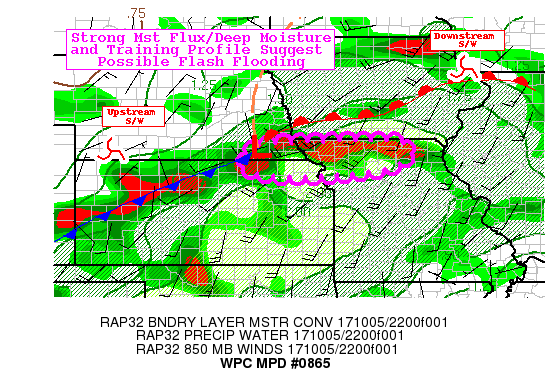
AREAS AFFECTED...SOUTHEAST NEB...NORTHEAST KS...NORTHERN MO

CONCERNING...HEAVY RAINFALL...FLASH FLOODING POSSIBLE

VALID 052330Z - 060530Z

SUMMARY...STRENGTHENING DEEP MOISTURE CONVERGENCE WITHIN FAVORABLE
TRAINING PROFILE SUPPORTS THREAT FOR FLASH FLOODING INTO THE EARLY
OVERNIGHT.

DISCUSSION...23Z SURFACE ANALYSIS SHOWS A WEAK INFLECTION ACROSS
SOUTHEAST NEB ALLOWING FOR SOME SELY BACKED FLOW ALONG WITH
STRENGTHENING SOUTHERLY FLOW WEST OF THE INFECTION CONVERGING
NEARLY 180 DEGREES WITH WEAK NORTHERLY FLOW.  WARM SECTOR IS
REPRESENTED BY LOW 70S TDS (THAT IS GENERALLY SATURATED THROUGH
7H)  WITH SOME SURFACE HEATING ALLOWING FOR MODEST INSTABILITY OF
1000+ J/KG MLCAPES.  ABOVE THE BOUNDARY LAYER...850-7H FLOW VEERS
NICELY FROM THE SURFACE SUPPORTING GENERAL CONFLUENCE ALONG/EAST
OF THE INFLECTION PROVIDING STRONGER MST FLUX DOWNSTREAM WHILE
ALSO SUPPORTING A WEST TO EAST MEAN CELL MOTION ALLOWING FOR THE
POTENTIAL FOR TRAINING.  CURRENT REGIONAL RADAR REFLECTIVITY
MOSAIC AS WELL AS 10.3UM GOES-16 CONUS LOOP SHOW A STEADY
CONVECTIVE INCREASE MAINLY ALONG THE FRONT IN SE NEB WITH COOLING
TOPS AND BUBBLING CUMULIFORM NATURE TO THE COMPLEX ACROSS GAGE TO
RICHARDSON COUNTY. AN ADDITIONAL MORE VIGOROUS CELL IN DAVIESS
COUNTY MO CAPABLE OF RAIN RATES IN THE 1.5"/HR RANGE HELPING TO
SET THE STAGE BY WETTING THE SOILS.

THE INFLECTION IS BETWEEN TWO SHORTWAVE FEATURES THAT ARE CLOSE
ENOUGH TO SUPPORT THE TRAINING PROFILE WHILE ALSO PROVIDING SOME
DPVA ASCENT AND STRENGTHENING OF THE LLJ/SURFACE WIND FIELD JUST
AFTER DUSK.  AS SUCH THE COMPLEX IS EXPECTED TO INCREASE IN
COVERAGE AND INTENSITY WHILE ALLOWING FOR SLACKED PROPAGATION
VECTORS SUPPORTING UPSTREAM REDEVELOPMENT AS WELL.  THIS IS
UNFOLDING QUITE SIMILAR TO HI-RES CAM SOLUTIONS OF THE 18Z
NAM-CONEST, RECENT RAP SOLUTIONS AND ARW2/NSSL-WRF (THOUGH A BIT
FURTHER NORTH OF THE LATTER).  GLOBAL GUIDANCE SUPPORT ALSO
PROVIDES SOME ADDITIONAL CONFIDENCE FROM THE 18Z NAM AND 12Z
ECMWF.  AVAILABLE MOISTURE FLUX AND SATURATED LOW LEVEL PROFILE
(TPWS AOA 2") SHOULD SUPPORT WARM CLOUD/EFFICIENT PROCESSES THAT
MAY BE UNDERESTIMATED BY REGIONAL WSR-88DS...AND IN THE RANGE OF
1.5-2"/HR.  AS SUCH TOTALS OF 3-4" WITH ISOLATED HIGHER TOTALS ARE
POSSIBLE LEADING TO THE THREAT OF FLASH FLOODING THROUGH 06Z.